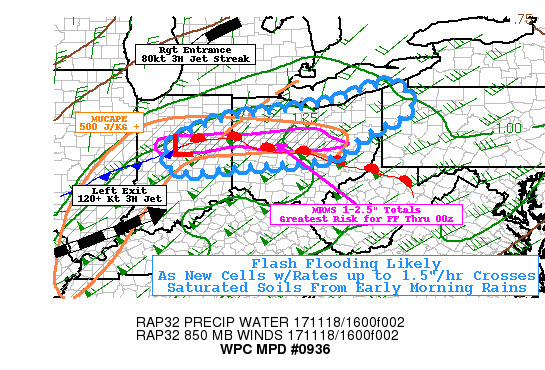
AREAS AFFECTED...NORTHERN OH...EAST CENTRAL IND...FAR NORTHWEST PA

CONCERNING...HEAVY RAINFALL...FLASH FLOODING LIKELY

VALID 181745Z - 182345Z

SUMMARY...CONTINUED TRAINING/REPEAT SHOWERS WITH CONVECTIVE
ELEMENTS OVER ALREADY SATURATED SOILS LIKELY TO SUPPORT FLASH
FLOODING CONDITIONS THROUGH AFTERNOON/EARLY EVENING.

DISCUSSION...EARLY MORNING SHOWERS WITH EMBEDDED CONVECTIVE
ELEMENTS PER MRMS/MESONET OBSERVATION HAVE PRODUCED A SWATH OF
1.5-2.5" TOTALS ACROSS N CENTRAL IND/OH FROM KOKOMO THROUGH
MARION/MANSFIELD OH THIS MORNING SATURATING THE SOILS AND REDUCING
FFG VALUES IN THE REGION AND SETTING THE STAGE FOR ADDITIONAL
FLOODING CONCERNS THIS AFTERNOON.  17Z MESO ANALYSIS DEPICTS A
COOLED POOL OF AIR ACROSS THIS REGION AS THE WARM FRONT IS TRYING
TO SURGE NORTHWARD ACROSS SW OH EFFECTIVELY REINFORCING THE FRONT.
 STRONG 50-60KT 850MB LLJ AND SFC 20-30KT FLOW WILL USE THIS
REINFORCED BOUNDARY AS UPGLIDE/ISENTROPIC ASCENT.  WARM SECTOR IS
ALSO CHARACTERIZED BY SFC T REACHING THE UPPER 50S TO MID 60S WITH
ABOUT 5-7 DEGREE DEWPOINT DEPRESSIONS.  THIS SUPPORTS AN
INCREASINGLY UNSTABLE ENVIRONMENT AND ALLOWS FOR 500-750 J/KG
MUCAPES CURRENTLY PERHAPS REACHING NEAR 1000 J/KG VERY CLOSE TO
THE SURFACE INFLECTION.

STRONG 120+KT 3H JET STREAK ACROSS THE CENTRAL MO VALLEY IS NOSING
TOWARD SW IND ALLOWING LEFT EXIT DYNAMICS COUPLED WITH A RIGHT
ENTRANCE TO A SMALL 80KT ANTICYCLONICALLY CURVED OUTFLOW CHANNEL
OVER MI (SUPPORTING EXPANDING BAROCLINIC LEAF IN GOES-16 WV
CHANNELS). THIS ORIENTATION SHOULD ALLOW FOR THE SURFACE WAVE TO
AMPLIFY AND LIFT NORTHWARD...REDUCING THE EARLIER FAVORED
UNIDIRECTIONAL STEERING FLOW THAT SUPPORTED TRAINING THIS MORNING.
 HOWEVER...STRONGER CONVECTION ENHANCED BY THE REINFORCED COLD
POOL IN E CENTRAL IND AND N CENTRAL OH...SHOULD ALLOW FOR A
STRONGER CORRIDOR TO TRACK THROUGH THE SATURATED SOIL AND WITH
HOURLY RAIN RATES UP TO 1.5"/HR AND TOTALS OF 1.25" ARE LIKELY TO
SUPPORT CONTINUED FLOODING CONCERNS WITH SOME LOCALIZED FLASH
FLOODING CONCERNS LIKELY THROUGH 21-22Z.

WITH TIME THE STRONGER WAA JUST AHEAD OF THE COLD FRONT AND
FURTHER NORTHEAST TRACK/AMPLIFICATION OF THE SURFACE CYCLONE WILL
INCREASE HEAVY RAINFALL/REPEAT TRACKS THROUGH THE LOWER FFG VALUES
OVER NERN OH/FAR NW PA WHERE DORMANT GROUND CONDITIONS SHOULD
ALLOW FOR INCREASED RUNOFF AND LESS ABSORPTION.  AS SUCH HAVE
INCORPORATED NE OH IN THE MPD AREA OF CONCERN WITH 1.5-2" TOTALS
LIKELY AND AT LEAST A  POSSIBLE FLOODING/ISOLATED FLASH FLOODING
THREAT THROUGH 00Z.  THIS IS SUPPORTED BY RECENT RAPID REFRESH
GUIDANCE OF THE RAP/HRRR AND THE 12Z ARW.